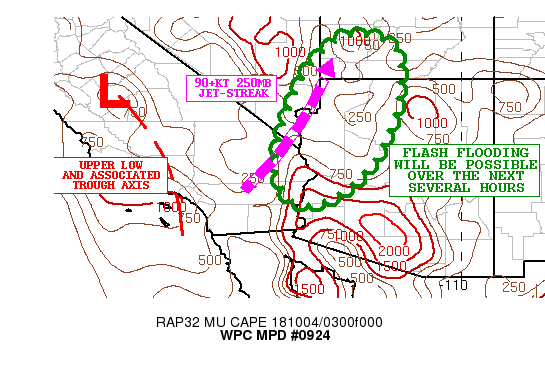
Areas affected...Far eastern CA...Northwest AZ...Southeast
NV...Southwest UT

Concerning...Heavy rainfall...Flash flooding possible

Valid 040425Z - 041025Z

Summary...Showers and thunderstorms may become a bit more numerous
over the next few hours. Heavy rainfall rates will be conducive to
some flash flood potential.

Discussion...A well-defined upper low over the San Joaquin Valley
will advance gradually east overnight as an associated trough axis
pivots northeast around the base of it. The trough axis should
lift through eastern CA, southeast NV, western AZ and southwest UT
going through 12Z. Despite the loss of daytime heating, there will
be sufficient instability owing to steep mid-level lapse rates,
and also dynamical ascent courtesy of a 90+kt 250mb jet-max for
scattered and loosely organized areas of convection overnight.

The more organized convective threat will tend to be over western
AZ, southeast NV and southwest UT where there is somewhat better
instability already present as per the latest RAP analysis, and
stronger upper level divergence given placement of the
aforementioned jet-max. The better moisture anomalies are focused
over southeast NV and southwest UT where PWATs are as much as 2 to
3 standard deviations above normal.

The 00Z HREF suite of guidance supports as much as 1 to 2 inches
of rain through 12Z with some locally heavier totals possible. The
activity is expected to have an orographic component to it across
especially northwest AZ and southwest UT and this could lead to
some locally enhanced totals, and especially with the guidance
supporting some repeating of convective cells for these areas.
Some flash flooding will be possible given the relatively heavy
short-term rainfall rates and overall potential over the next
several hours.